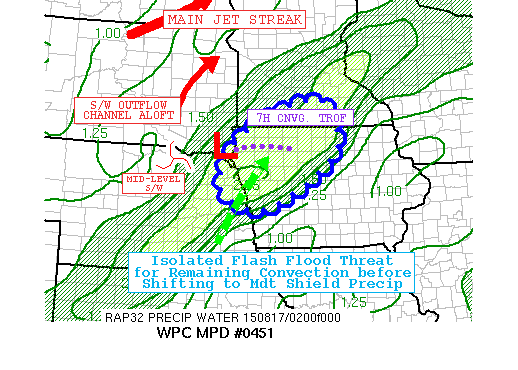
AREAS AFFECTED...NORTHWEST IOWA...EXT SE SOUTH DAKOTA...EXT SOUTH
CENTRAL MINNESOTA...EXT NORTHEAST NEBRASKA

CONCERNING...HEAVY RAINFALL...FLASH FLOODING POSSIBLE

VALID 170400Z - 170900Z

SUMMARY...MOST SIGNIFICANT THREAT WINDING DOWN IN MAGNITUDE AND
AREAL COVERAGE...YET SOME WEAK SIGNALS REMAIN FOR ISOLATED
FLOODING CONCERNS IN THE EARLY OVERNIGHT PERIOD.

DISCUSSION...OVERALL SETUP REMAINS DYNAMICALLY ACTIVE FOR
CONTINUED ASCENT ACROSS THE DISCUSSION AREA YET INSTABILITY IS
REDUCING FOR STRONGER CONVECTIVE DEVELOPMENT AND HIGH RAIN RATES.
SYNOPTIC SETUP SHOWS WEAK SHORTWAVE FEATURE ACROSS EASTERN SD/NEB
BOARDER WITH MESOSCALE OUTFLOW CHANNEL FEEDING THE MAIN EXITING
JET STREAK ACROSS THE NORTHERN PLAINS.  THIS SHORTWAVE AND
ASSOCIATED UPPER JET STREAK CONTINUE TO PROVIDE EXCELLENT BROAD
SCALE ASCENT ACROSS THE REGION FOR EXPANSION OF MODERATE CLOUD
SHIELD PRECIPITATION PARTICULARLY AS DIVERGENCE FIELDS ARE
FORECAST TO INCREASE THROUGH THE 04-09Z TIME PERIOD ACROSS THE
DISCUSSION AREA AND N INTO CENTRAL MN.  ADDITIONALLY...THE
LOCATION OF THE JET AXIS AND SHORTWAVE ARE REDUCING LOWER LEVEL
HEIGHTS AND SURFACE PRESSURES FOR A WEAK INFLECTION TO DEVELOP IN
THE 850-700MB WIND FLOW AS SEEN IN FSD VWP AND SURROUNDING
STATIONS WITH NEAR ZERO FLOW AT FSD AT 850.  THIS IS ALLOWING FOR
A WEAKLY VEERED LOW LEVEL ENVIRONMENT FOR A SIGNIFICANT AND
CONTINUED E-W MOISTURE CONVERGENCE LINE TO FOCUS STRONGER ASCENT
AND TAP WEAK MID-LEVEL INSTABILITIES ACROSS NORTHWEST IA... WITH
MUCAPES STILL IN THE 500 J/KG RANGE.  IT IS ALONG THIS BOUNDARY
THAT MOST FOCUSED CONTINUED FLASH FLOOD THREAT SHOULD REMAIN.
HOWEVER...FORECAST FROM RAP/HRRR INDICATE MUCH OF THE INSTABILITY
WILL BE USED BY 09Z...REDUCING RATES...TO BROADER ASCENT/MODERATE
SHOWERY ACTIVITY.  VERY HIGH MOISTURE AVAILABLILITY THROUGH A DEEP
LAYER PER CIRA LAYERED TPW...SHOULD MAKE FOR EFFICIENT RAINFALL
PRODUCTION WITH .5-1"/HR RATES IN MODERATE SHIELD ASCENT VERSUS
1.5-2"/HR IN REMAINING ACTIVE CONVECTIVE CORES.